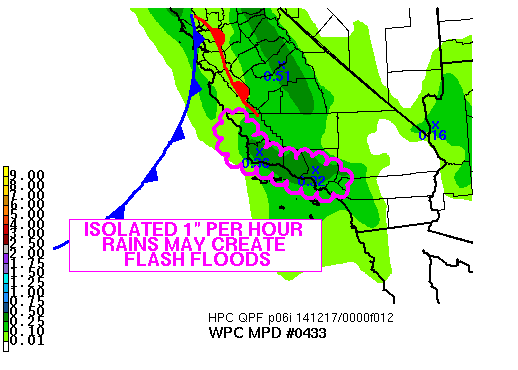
AREAS AFFECTED...SRN CA

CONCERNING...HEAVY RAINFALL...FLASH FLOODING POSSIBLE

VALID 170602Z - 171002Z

SUMMARY...SOUTHERN CALIFORNIA WILL SEE A 2 TO 3 HOUR WINDOW FOR
THUNDERSTORMS TO OCCUR AT POINTS ALONG THE PACIFIC COAST FROM SAN
SIMEON TO LOS ANGELES. BRIEF BUT INTENSE DOWNPOURS ON TOP OF
RECENT WET WEATHER MAY RESULT IN FLASH FLOODING...ESPECIALLY NEAR
BURN SCARS AND AREAS PRONE TO MUDSLIDES.

DISCUSSION...COLD MID LEVEL TEMPERATURES AND MODERATE TO STRONG
LAPSE RATES WERE FOSTERING DEEP CONVECTION AHEAD OF AN ADVANCING
COLD FRONT. THUNDERSTORMS OVER THE OCEAN WATERS HAD ALREADY SHOWN
AN ABILITY TO MOVE ONSHORE IN RECENT NIGHTS...AND THE HRRR
FORECASTS 500 TO AS MUCH AS 750 J/KG OF CAPE INTO THE EARLY
MORNING HOURS ALONG THE COAST AND INTO THE COASTAL MOUNTAIN RANGES.

AT 0550Z...THE KVBX DUAL-POL RADAR ESTIMATED GREATER THAN 1 INCH
PER HOUR RAIN RATES FROM ONE SWATH OF CONVECTION OFF THE WESTERN
SHORE OF SANTA BARBARA COUNTY. RAP SOUNDINGS SUGGEST A 2 TO 3 HOUR
WINDOW FOR CONVECTION TO OCCUR AT ANY GIVEN POINT ALONG THE COAST
BEFORE WINDS VEER AND LOW LEVEL WARM ADVECTION CEASES OR WEAKENS.
HIGH RESOLUTION MODEL GUIDANCE FROM 00Z IS FAIRLY UNIFORM IN
FORECASTING AREAL AVERAGE OF A HALF INCH OF RAIN OR MORE WITH
SMALL POCKETS OF ONE INCH. SOME OF THE RAIN MAY FALL OVER SHORT
PERIODS OF TIME...AND ALTHOUGH THE EVENT WILL BE PROGRESSIVE FROM
WEST TO EAST...RECENT RAINS MAY HAVE MADE THE SOILS MORE
SUSCEPTIBLE TO RAPID RUNOFF GIVEN THE BRIEF BUT UNUSUALLY HEAVY
RAIN RATES EXPECTED.